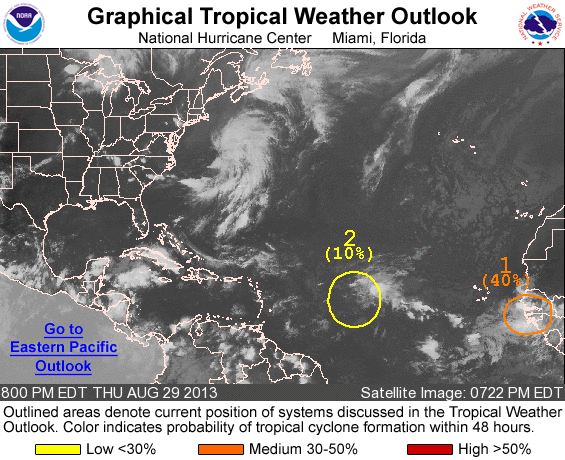
FOR THE NORTH ATLANTIC...CARIBBEAN SEA AND THE GULF OF MEXICO...

1. A BROAD AREA OF LOW PRESSURE ASSOCIATED WITH A TROPICAL WAVE IS PRODUCING SHOWERS AND THUNDERSTORMS OVER WESTERN AFRICA. THIS SYSTEM SHOULD MOVE WESTWARD OVER THE FAR EASTERN ATLANTIC OCEAN ON FRIDAY...AND NEAR THE CAPE VERDE ISLANDS LATE SATURDAY. ENVIRONMENTAL CONDITIONS APPEAR CONDUCIVE FOR DEVELOPMENT...AND A TROPICAL DEPRESSION COULD FORM OVER THE WEEKEND. AFTER THAT TIME...THE ENVIRONMENT IS FORECAST TO BECOME LESS CONDUCIVE WHILE THE SYSTEM MOVES TOWARD THE WEST-NORTHWEST OVER THE EASTERN ATLANTIC. THIS SYSTEM HAS A MEDIUM CHANCE...40 PERCENT...OF BECOMING A TROPICAL CYCLONE DURING THE NEXT 48 HOURS...AND A MEDIUM CHANCE...50 PERCENT...OF BECOMING A TROPICAL CYCLONE DURING THE NEXT 5 DAYS.

2. THERE HAS BEEN LITTLE CHANGE WITH A TROPICAL WAVE LOCATED ABOUT 900 MILES EAST OF THE LESSER ANTILLES. THIS WAVE IS FORECAST TO MOVE WESTWARD TOWARD A REGION WHERE THE UPPER LEVEL WINDS ARE NOT FAVORABLE FOR DEVELOPMENT. THIS SYSTEM HAS A LOW CHANCE...10 PERCENT...OF BECOMING A TROPICAL CYCLONE DURING THE NEXT 48 HOURS...AND A LOW CHANCE...20 PERCENT...OF BECOMING A TROPICAL CYCLONE DURING THE NEXT 5 DAYS.

FIVE-DAY FORMATION PROBABILITIES ARE EXPERIMENTAL IN 2013. COMMENTS ON THE EXPERIMENTAL FORECASTS CAN BE PROVIDED AT...

HTTP://WWW.NWS.NOAA.GOV/SURVEY/NWS-SURVEY.PHP?CODE=ETWO

FORECASTER BLAKE